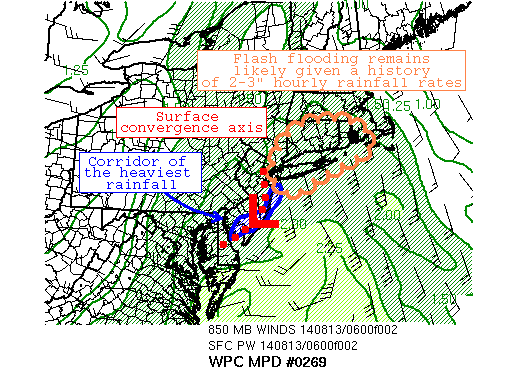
AREAS AFFECTED...NORTHEASTERN NJ/SOUTHEASTERN NY/LONG
ISLAND/CT/RI/SOUTHERN MA...

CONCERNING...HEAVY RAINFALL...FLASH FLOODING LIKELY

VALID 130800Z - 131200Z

SUMMARY...TORRENTIAL DOWNPOURS CONTINUE TO IMPACT THE NJ COAST
EARLY THIS MORNING WITH HOURLY RAINFALL RATES REACHING THE 2-3"
RANGE. EXPECT THIS ACTIVITY TO CONTINUE LIFTING NORTH AND EAST
WITH THE HEAVY PRECIPITATION SPREADING INTO LONG ISLAND/CT/RI.
GIVEN THE HISTORY OF THIS SYSTEM...FLASH FLOODING WILL BE LIKELY
THROUGH AT LEAST 12Z.

DISCUSSION...THIS AXIS OF CONVECTION CONTINUES TO REMAIN
LOW-TOPPED GIVEN THE GENERAL LACK OF LIGHTNING BEING OBSERVED IN
THE PAST FEW HOURS. HOWEVER...HIGHLY EFFICIENT WARM RAIN PROCESSES
HAVE DOMINATED AND BROUGHT TORRENTIAL RAINFALL FROM THE BALTIMORE
MD AREA NORTHEASTWARD THROUGH NORTHERN DE AND INTO
SOUTHERN/EASTERN NJ. MOST RECENTLY THE MESONET OBSERVATIONS
DEPICTED HOURLY RAINFALL AS HIGH AS 3.06" IN SHARK RIVER HILL...NJ
WITH 5.57" OF RAIN OBSERVED IN BEACHWOOD...NJ BETWEEN 04-06Z. IT
APPEARS AN AREA OF LOW PRESSURE DEVELOPING ALONG THE AXIS OF
LOW-LEVEL CONVERGENCE HAS HELPED LOCALLY ENHANCE VERTICAL MOTIONS
OVER THESE AREAS.

LOOKING AHEAD...THE 06Z RAP FORECAST STILL SHOWS ANOMALOUS PWATS
BEING ADVECTED NORTH-NORTHWESTWARD TOWARD LONG ISLAND VIA A ROBUST
35 TO 40 KNOT SOUTH-SOUTHEASTERLY 850-MB JET. DYNAMICS REMAIN
STRONG AND SEEM TO BE MAKING UP FOR THE LACK OF INSTABILITY.
MUCAPE VALUES FROM THE 06Z RAP OBJECTIVE ANALYSIS ARE ONLY AROUND
200-300 J/KG. THE HIGH-RESOLUTION MODELS DOING BEST WITH THE
CONVECTION ARE THE 06Z HRRR AND 00Z NSSL-WRF. WHILE SLIGHTLY OFF
IN TIMING...BOTH DEPICT HEAVY RAINFALL CONTINUING WITH THE LATTER
MODEL FOCUSING THE ACTIVITY ACROSS MUCH OF LONG ISLAND AND INTO
WEST-CENTRAL CT. CONFIDENCE REMAINS HIGH THIS COMPLEX WILL REMAIN
INTACT THE NEXT FEW HOURS WHILE MORE UNCERTAIN THEREAFTER.